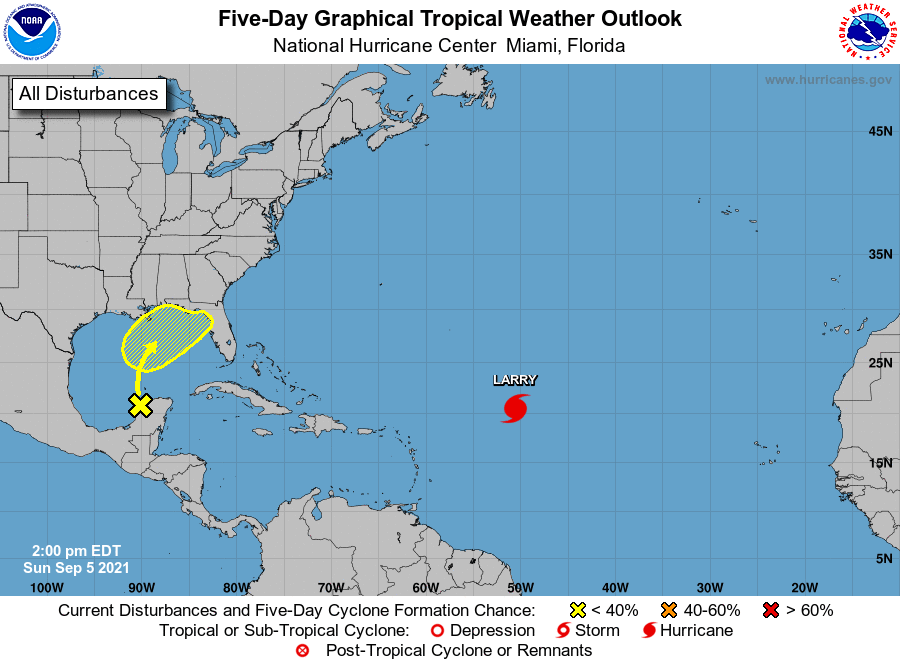
For the North Atlantic...Caribbean Sea and the Gulf of Mexico:

The National Hurricane Center is issuing advisories on Hurricane Larry, located over the central tropical Atlantic about 900 miles east of the northern Leeward Islands.

1. Disorganized showers and thunderstorms over the Yucatan Peninsula and surrounding waters are associated with a surface trough and an upper-level disturbance. Locally heavy rains are likely to continue today over that area. The system is forecast to move slowly northward or northeastward over the central and then northeastern Gulf of Mexico over the next few days, when upper-level winds are only expected to be marginally conducive for tropical cyclone formation. The disturbance is then expected to cross the southeastern United States beginning midweek, and some development is possible once it emerges over the Atlantic waters by late this week.
* Formation chance through 48 hours...low...near 0 percent.
* Formation chance through 5 days...low...30 percent.

Forecaster Latto